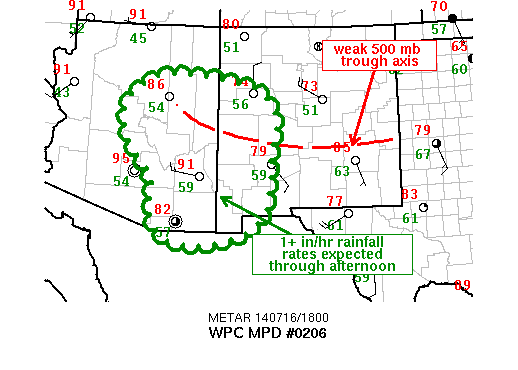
AREAS AFFECTED...SERN ARIZONA INTO SRN NEW MEXICO

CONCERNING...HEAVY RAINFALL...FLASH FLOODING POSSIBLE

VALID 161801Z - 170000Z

SUMMARY...DAYTIME HEATING WILL ALLOW FOR INCREASING CONVECTIVE
COVERAGE THROUGH THE REMAINDER OF THE AFTERNOON WITH HOURLY
RAINFALL RATES EXCEEDING 1 IN/HR EXPECTED OVER ERN ARIZONA INTO
WRN NEW MEXICO WHICH SHOULD LEAD TO A SCATTERED THREAT OF FLASH
FLOODING.

DISCUSSION...THE 12Z RAOB ANALYSIS DEPICTED A WEAK TROUGH AXIS
EXTENDING GENERALLY WEST-EAST ACROSS NEW MEXICO AND ARIZONA
BETWEEN 700 AND 500 MB. THIS TROUGH AXIS WAS CO-LOCATED AREA OF
DISSIPATING CONVECTION EARLIER THIS MORNING WHICH HAS SINCE
DISSIPATED...LEAVING BEHIND MOSTLY CLEAR SKIES AS SEEN ON LATEST
VIS IMAGERY. WITH INCREASING DAYTIME HEATING...ML CAPE VALUES ARE
ESTIMATED TO BE IN THE 500 TO 1000 J/KG RANGE AS SEEN ON THE 17Z
SPC MESOANALYSIS. PRECIPITABLE WATER VALUES INCREASE TOWARD THE
SRN EDGE OF THE THREAT AREA FROM ABOUT 1 INCH TO 1.75
INCHES...WHICH IS ROUGHLY 1 TO 2 STANDARD DEVIATIONS ABOVE THE
MEAN.

CONVECTIVE COVERAGE IS EXPECTED TO INCREASE THROUGH THE REMAINDER
OF THE AFTERNOON IN THE VICINITY OF THE WEAK UPPER TROUGH AXIS
WHICH IS FORECAST TO SLOWLY SINK SOUTH THROUGH 00Z. WEAK STORM
MOTIONS AND UNIDIRECTIONAL FLOW OF ROUGHLY 10-15 KTS TOWARD THE
ESE AND WILL ALLOW FOR THE POTENTIAL FOR TRAINING AND SLOW MOVING
CELLS WITH HOURLY RAINFALL RATES OF 1 TO 1.5 IN/HR. A CONSENSUS OF
THE 12Z HI-RES MODELS ARE IN AGREEMENT WITH THIS SCENARIO WHICH
AGREES WITH CONCEPTUAL THINKING.